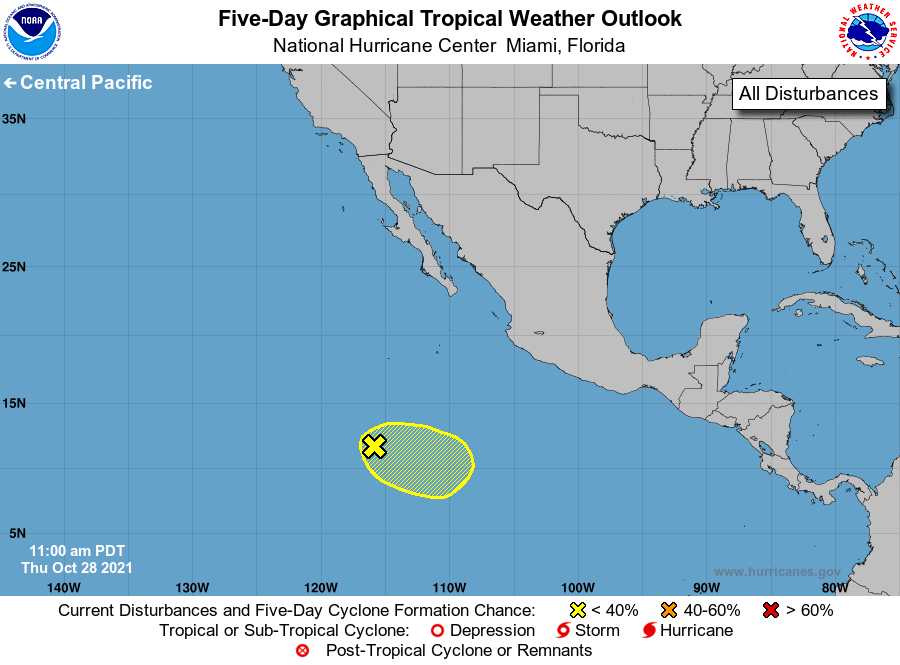
For the eastern North Pacific...east of 140 degrees west longitude:

1. Showers and thunderstorms remain disorganized in association with a broad area of low pressure located several hundred miles south-southwest of the southern tip of the Baja California peninsula. Some slow development of this system is possible over the next couple of days as it drifts slowly eastward over the open eastern Pacific waters. By late this weekend and early next week, environmental conditions are expected to become unfavorable for further development.
* Formation chance through 48 hours...low...20 percent.
* Formation chance through 5 days...low...20 percent.

Forecaster Hagen/Latto